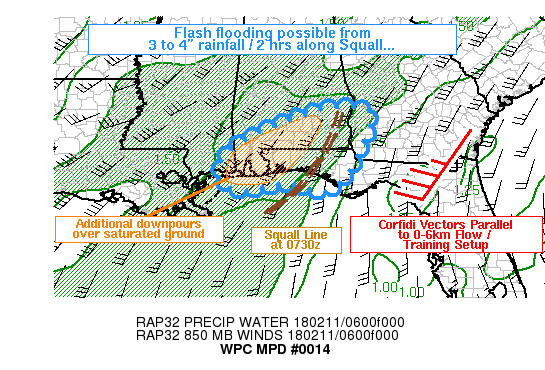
AREAS AFFECTED...FL PANHANDLE...SRN AL...SW GA...SE MS

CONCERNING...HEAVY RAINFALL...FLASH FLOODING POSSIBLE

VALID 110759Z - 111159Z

SUMMARY...A SQUALL LINE HAD FIRMED UP OVER FL/AL AS OF 0745Z.
SATURATED GROUND BEHIND THE SQUALL WILL CONTINUE TO SEE SHOWERS
WHICH MAY AGGRAVATE ANY SURFACE RUNOFF CONDITIONS. THE LEADING
EDGE OF THE SQUALL LINE WILL MOVE SLOWLY ENOUGH TO PRODUCE LOCAL 3
TO 4 INCH RAINFALL OVER A SHORT TIME...POSSIBLY CAUSING FLASH
FLOODING.

DISCUSSION...WARM ADVECTION AND CONFLUENCE AROUND THE PERIPHERY OF
A LOW LEVEL HIGH PRESSURE CIRCULATION...HAD PRODUCED A SWATH OF 1
TO 2 INCHES OF RAIN / LOCALLY HIGHER WEST OF ELGIN AIR FORCE BASE
UP TO ANDALUSIA ALABAMA. A SHORTWAVE TROUGH UPSTREAM WAS HOPED TO
PUSH THE RAINFALL FORWARD...BUT HAD INITIALLY HAD THE EFFECT OF
SHARPENING A SQUALL LINE THAT WAS LOCATED FROM MIRAMAR BEACH TO
OZARK ALABAMA AT 0745Z. GOES-16 MULTI-LAYER WATER VAPOR IMAGERY
SUGGESTED THE SHORTWAVE WILL NOT INDUCE ANY SHARP LARGE SCALE
VEERING OF THE FLOW...AS IT HAD THE APPEARANCE OF A WAVE SHEARING
AND BECOMING EMBEDDED IN THE DEEP LAYER SOUTHWESTERLY FLOW. INDEED
THE RAP INDICATES A VERY SLOW VEERING. THE INFLUENCE OF DRIER AIR
ASSOCIATED WITH THE SHORTWAVE MAY ALSO BE OFFSET BY VERY MOIST LOW
LEVELS IN THE PRE-SQUALL-LINE AIR...RESULTING IN LITTLE COLD POOL
PUSH...AND ULTIMATELY A VERY SLOW FORWARD PROGRESSION. IN
FACT...THERE IS LITTLE DIFFERENCE BETWEEN THE 0-6KM MEAN WIND AND
CORFIDI VECTORS FOR FORWARD PROPAGATION.

THE MODELS WERE NOT DOING A VERY GOOD JOB OF LOCATION AND
EVOLUTION OF THIS EVENT NEAR THE GULF COAST. THE 06Z HRRR WAS AT
LEAST IN THE NEIGHBORHOOD. BASED ON IT...AND DUAL-POL RADAR
ESTIMATES OF ABOUT 1.5 INCH PER HOUR RATES IN THE SQUALL
LINE...SOME LOCATIONS WILL LIKELY RECEIVE 3 TO 4 INCHES OVER THE
COURSE OF 3 HOURS...WHICH WOULD APPROACH OR MINIMALLY EXCEED FLASH
FLOOD GUIDANCE...NEAR AND EAST OF THE ONGOING SQUALL LINE. BACK
WEST...UPSTREAM SHOWERS MAY PERSIST AND MOVE OVER RECENTLY
SATURATED SOILS IN PARTS OF MS/AL/FL UNTIL AFTER 12Z WHEN LARGER
SCALE DEEP LAYER FORCING MAY LIFT NORTHWARD AND BECOME DETACHED
FROM THE GULF-BASED SOURCE OF INSTABILITY. ALTHOUGH THIS WOULD
LEAD TO A DECLINE OF DEPTH/INTENSITY...SOME FORM OF MODERATE
RAINFALL WOULD BE EXPECTED TO PERSIST INTO THE DAYTIME HOURS AS
WELL.